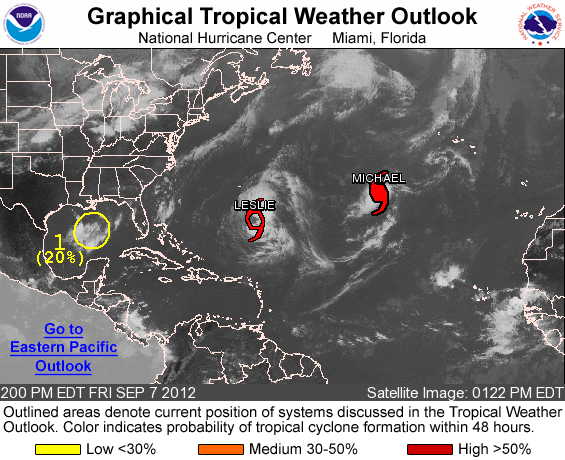
FOR THE NORTH ATLANTIC...CARIBBEAN SEA AND THE GULF OF MEXICO...

THE NATIONAL HURRICANE CENTER IS ISSUING ADVISORIES ON TROPICAL STORM LESLIE...LOCATED ABOUT 390 MILES SOUTH-SOUTHEAST OF BERMUDA...AND ON HURRICANE MICHAEL...LOCATED ABOUT 930 MILES WEST-SOUTHWEST OF THE AZORES.

1. AN ELONGATED AREA OF LOW PRESSURE OVER THE NORTH-CENTRAL GULF OF MEXICO IS PRODUCING DISORGANIZED CLOUDINESS AND A FEW SQUALLS PRIMARILY SOUTH OF THE CENTER. THE LOW IS FORECAST TO DRIFT EASTWARD OVER THE NORTHERN GULF OF MEXICO DURING THE NEXT DAY OR TWO. THIS SYSTEM HAS A LOW CHANCE...20 PERCENT...OF BECOMING A TROPICAL CYCLONE DURING THE NEXT 48 HOURS.

ELSEWHERE...TROPICAL CYCLONE FORMATION IS NOT EXPECTED DURING THE NEXT 48 HOURS.

FORECASTER AVILA